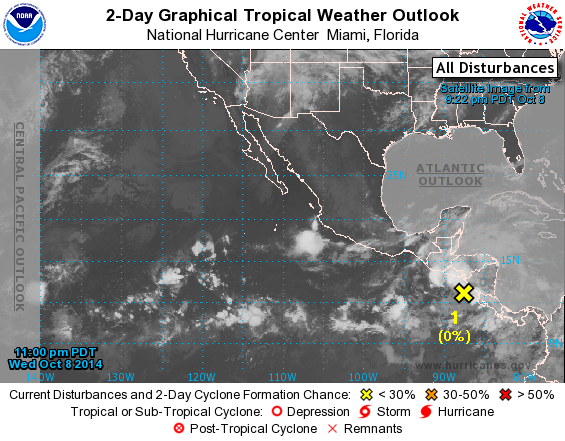
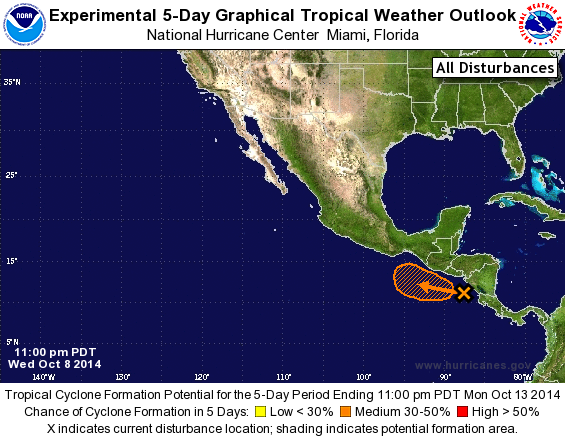
For the eastern North Pacific...east of 140 degrees west longitude:

1. An area of low pressure located near the Pacific coasts of Nicaragua and Costa Rica is producing disorganized showers and thunderstorms. Gradual development of this system is possible through the weekend while it drifts west-northwestward.
* Formation chance through 48 hours...low...near 0 percent.
* Formation chance through 5 days...medium...40 percent.

Forecaster Cangialosi